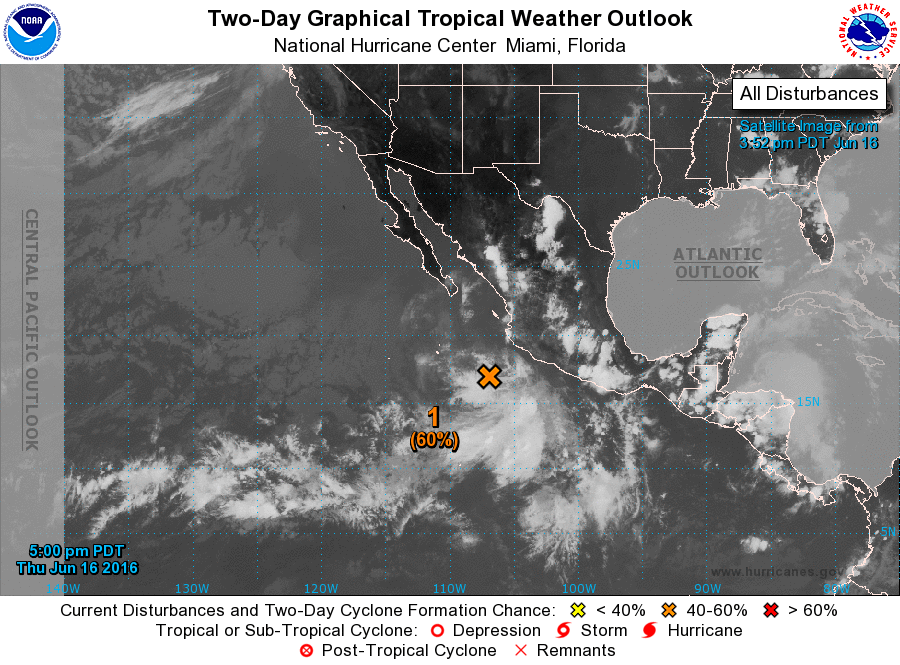
For the eastern North Pacific...east of 140 degrees west longitude:

1. A broad area of low pressure, located about 250 miles southwest of Manzanillo, Mexico, is producing a large area of cloudiness and disorganized shower activity. Environmental conditions are only marginally conducive for development, and a narrow window of opportunity exists tonight and Friday morning for a tropical depression to form while the low moves toward the west-northwest or northwest at around 10 mph. However, by Friday night and over the weekend, environmental conditions will become unfavorable for tropical cyclone formation.
* Formation chance through 48 hours...medium...60 percent
* Formation chance through 5 days...medium...60 percent

Forecaster Stewart